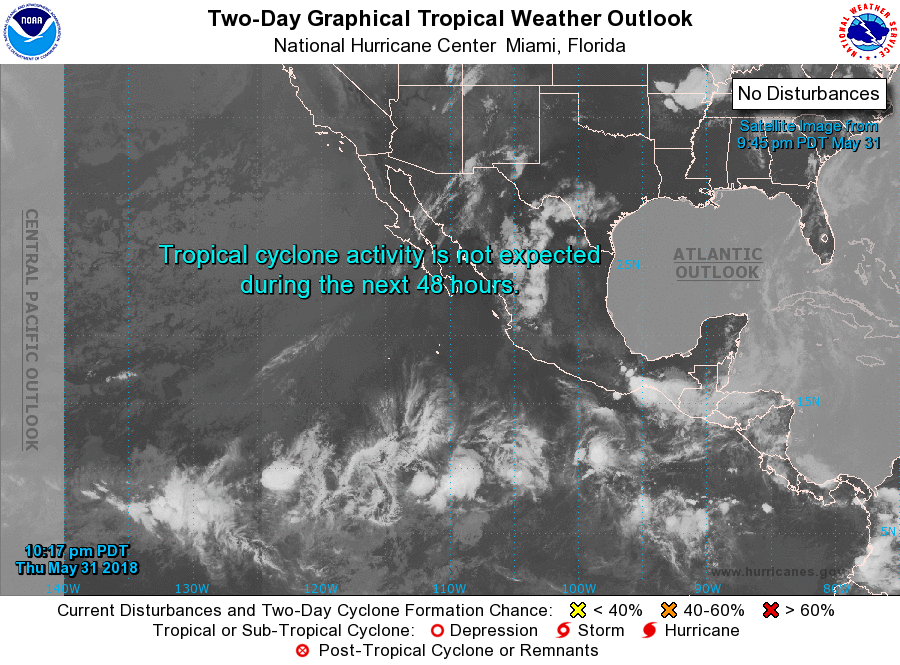
For the eastern North Pacific...east of 140 degrees west longitude:

1. An area of low pressure could form in a few days several hundred miles south of the southern coast of Mexico. Conditions appear favorable for some slow development of this system early next week while it moves westward to west-northwestward at 5 to 10 mph.
* Formation chance through 48 hours...low...near 0 percent.
* Formation chance through 5 days...low...20 percent.

Forecaster Blake